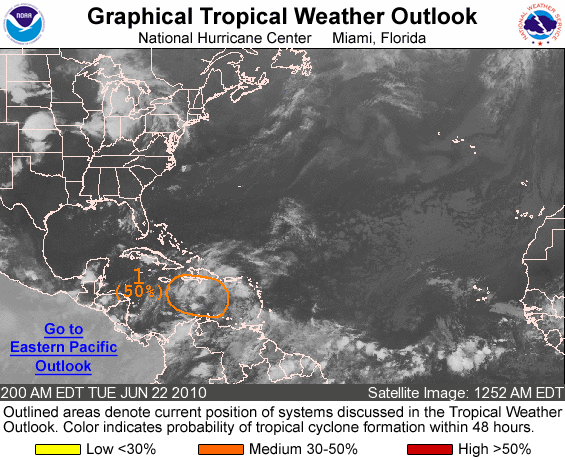
FOR THE NORTH ATLANTIC...CARIBBEAN SEA AND THE GULF OF MEXICO...

1. A VIGOROUS TROPICAL WAVE EXTENDING FROM HISPANIOLA SOUTHWARD OVER THE CENTRAL CARIBBEAN SEA IS PRODUCING WIDESPREAD CLOUDINESS AND SHOWERS ACROSS MUCH OF THE CENTRAL AND EASTERN CARIBBEAN AND THE ADJACENT LAND AREAS. UPPER-LEVEL WINDS APPEAR TO BE CONDUCIVE FOR A TROPICAL DEPRESSION TO FORM DURING THE NEXT COUPLE OF DAYS. THIS DISTURBANCE COULD PRODUCE LOCALLY HEAVY RAINFALL AND GUSTY WINDS OVER PORTIONS OF PUERTO RICO...THE DOMINICAN REPUBLIC... HAITI...THE NETHERLANDS ANTILLES...AND JAMAICA DURING THE NEXT DAY OR SO AS IT MOVES WEST-NORTHWESTWARD AT 10 TO 15 MPH. THERE IS A MEDIUM CHANCE...50 PERCENT...OF THIS SYSTEM BECOMING A TROPICAL CYCLONE DURING THE NEXT 48 HOURS.

ELSEWHERE...TROPICAL CYCLONE FORMATION IS NOT EXPECTED DURING THE NEXT 48 HOURS.

FORECASTER PASCH